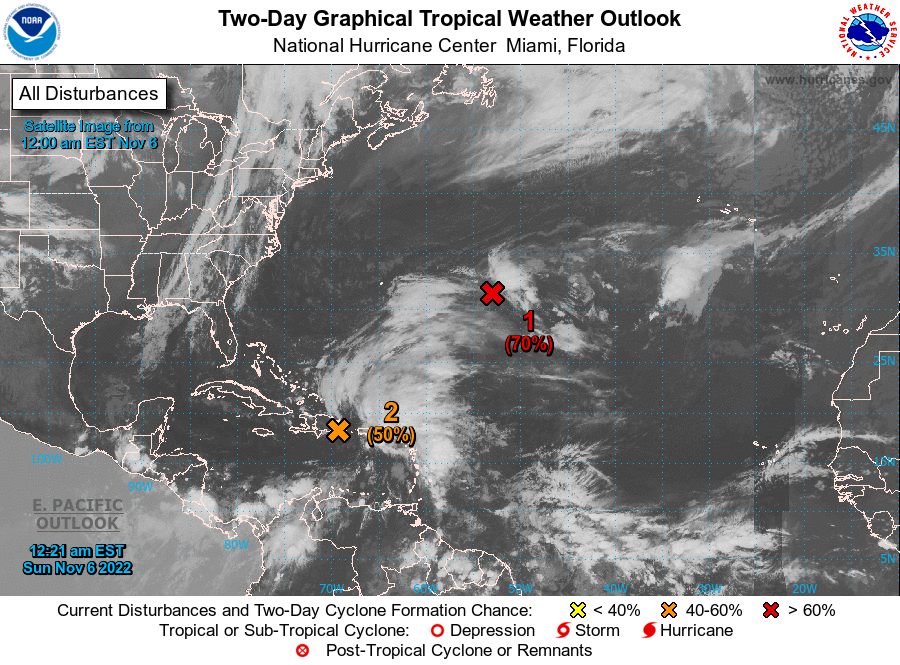
For the North Atlantic...Caribbean Sea and the Gulf of Mexico:

1. Central Subtropical Atlantic: Showers and thunderstorms have recently decreased in coverage in association with a well-defined low pressure area located several hundred miles east of Bermuda. If the shower and thunderstorm activity re-develops near the center, a short-lived tropical depression or storm is likely to form in the next day or so while the system moves slowly west-northwestward to northwestward over the central Atlantic. The system is forecast to turn northward and northeastward and merge with a strong cold front by the middle of this week, and further development is not expected beyond that time. Additional information on this system, including gale warnings, can be found in High Seas Forecasts issued by the National Weather Service.
* Formation chance through 48 hours...high...70 percent.
* Formation chance through 5 days...high...70 percent.

2. Southwestern Atlantic: A trough of low pressure located over the northeastern Caribbean Sea is producing a large area of disorganized showers and thunderstorms. The trough is forecast to move northward over the southwestern Atlantic later today, where a broad area of low pressure is expected to form north of Hispaniola. Environmental conditions are forecast to be conducive for gradual development, and a subtropical or tropical depression is likely to form early this week while the system moves generally westward to west-northwestward over the southwestern Atlantic. Regardless of development, there is an increasing risk of coastal flooding, gale-force winds, heavy rainfall, rough surf, and beach erosion along much of the southeastern United States coast, the Florida east coast, and portions of the central and northwestern Bahamas during the early to middle part of this week. The disturbance is also expected to bring locally heavy rainfall to Puerto Rico and the Virgin Islands this weekend. Interests in those areas should monitor the progress of this system.
* Formation chance through 48 hours...medium...50 percent.
* Formation chance through 5 days...high...80 percent.

High Seas Forecasts issued by the National Weather Service can be found under AWIPS header NFDHSFAT1, WMO header FZNT01 KWBC, and online at ocean.weather.gov/shtml/NFDHSFAT1.php

Forecaster Bucci